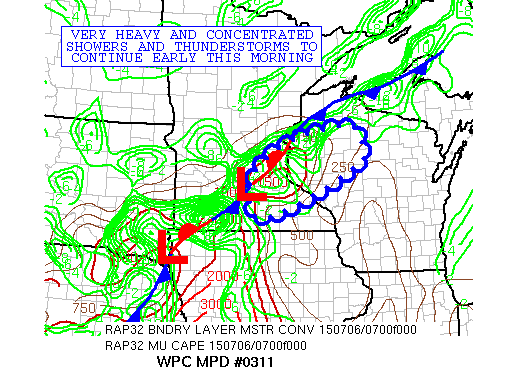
AREAS AFFECTED...SOUTHEAST MN...WESTERN WI

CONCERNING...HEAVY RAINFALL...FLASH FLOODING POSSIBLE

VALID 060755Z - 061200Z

SUMMARY...LOCALIZED FLASH FLOODING IS POSSIBLE OVER THE NEXT
COUPLE OF HOURS AS INTENSE SHOWERS AND THUNDERSTORMS GRADUALLY
SHIFT SOUTH AND EAST.

DISCUSSION...IR SATELLITE AND RADAR IMAGERY SHOWS CONVECTION
BECOMING A BIT MORE CONCENTRATED OVER THE LAST COUPLE OF HOURS
ACROSS PORTIONS OF SOUTHEAST MN...FROM JUST SOUTHWEST OF KMSP
EAST-NORTHEAST INTO FAR WESTERN WI NEAR KOEO. CLOUD TOP
TEMPERATURES HAVE COOLED JUST A TAD AND THERE HAVE BEEN A COUPLE
OF OVERSHOOTING TOPS DETECTED USING THE GOES-OTD ALGORITHM.

THE CONVECTION HAS BEEN RATHER WELL ORGANIZED OVERNIGHT AND
CONTINUES IN ASSOCIATION WITH A SHORTWAVE TROUGH MOVING ACROSS THE
NORTHERN PLAINS ALONG WITH A WAVE OF LOW PRESSURE ADVANCING EAST
ALONG A FRONTAL ZONE. THE LATEST SURFACE ANALYSIS SUGGESTS
MULTIPLE WAVES...WITH ONE LOW ENTERING EXTREME NORTHWEST IA...AND
ANOTHER ONE ASSOCIATED WITH THE STRONGER CONVECTION OVER SOUTHEAST
MN NEAR KMSP.

THE HIRES MODELS ARE NOT EXACTLY HANDLING THE CONVECTION OVER
SOUTHEAST MN AND FAR WESTERN WI THAT WELL...AS THE ACTIVITY HAS
BEEN TENDING TO MAINTAIN A SOLID LEVEL OF ORGANIZATION AND IS
SHIFTING FARTHER SOUTH AND EAST THAN EARLIER PREDICTED. THE 00Z
ARW AND 00Z NMMB BOTH HAD A MORE DISORGANIZED CHARACTER TO THE
ACTIVITY OVER THESE AREAS. IN THE CASE OF THE 06Z HRRR...ITS
CONVECTIVE AXIS IS TOO FAR NORTH AND WEST.

GIVEN THE PRESENCE OF THE WAVE NEAR KMSP...AND WITH STRONG LOW
LEVEL JET ENERGY/MOISTURE CONVERGENCE AIMED INTO SOUTHEAST MN WITH
A SOUTHWEST LOW LEVEL JET AS PER VAD WIND PROFILER DATA REACHING
40 TO 50 KTS...THE CONVECTION OVER SOUTHEAST MN AND FAR WESTERN WI
SHOULD REMAIN ORGANIZED AND FOCUSED IN A MANNER THAT WILL FAVOR
LOCALLY VERY HEAVY RAINFALL AMOUNTS. PWATS OVER 1.75 INCHES
COUPLED WITH ANY OVERSHOOTING TOPS WILL FAVOR EXTREMELY INTENSE
RAINFALL RATES.

EXPECT THE POTENTIAL LOCALLY FOR 3 TO 5 INCH RAINFALL TOTALS AND
ISOLATED HEAVIER AMOUNTS THROUGH 12Z AS THE CONVECTION CONTINUES
ALONG THE FRONT. FLASH FLOODING IS POSSIBLE AT LEAST LOCALLY AS A
RESULT.